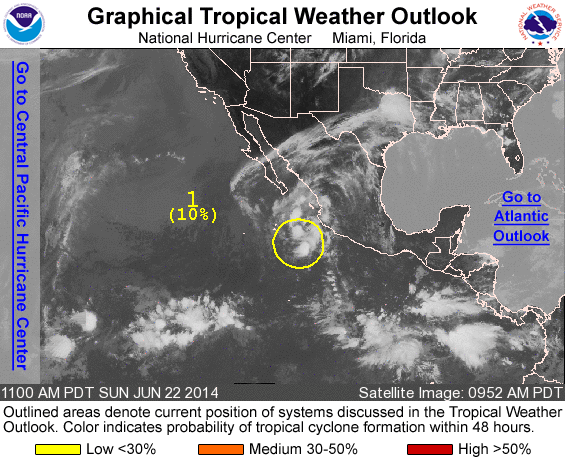
For the eastern North Pacific...east of 140 degrees west longitude:

1. Showers and thunderstorms associated with a a weak area of low pressure about 300 miles southwest of Manzanillo, Mexico, remain disorganized. Upper-level winds are unfavorable for tropical cyclone formation, and development of this system is not expected while it moves generally northward at around 10 mph and then slows down.
* Formation chance through 48 hours...low...10 percent.
* Formation chance through 5 days...low...10 percent.

Forecaster Kimberlain